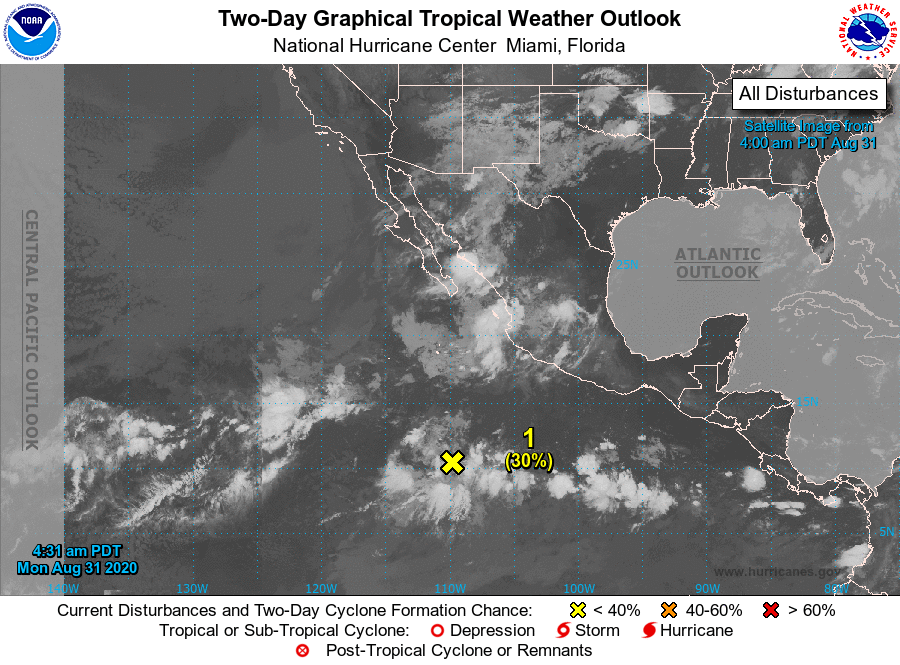
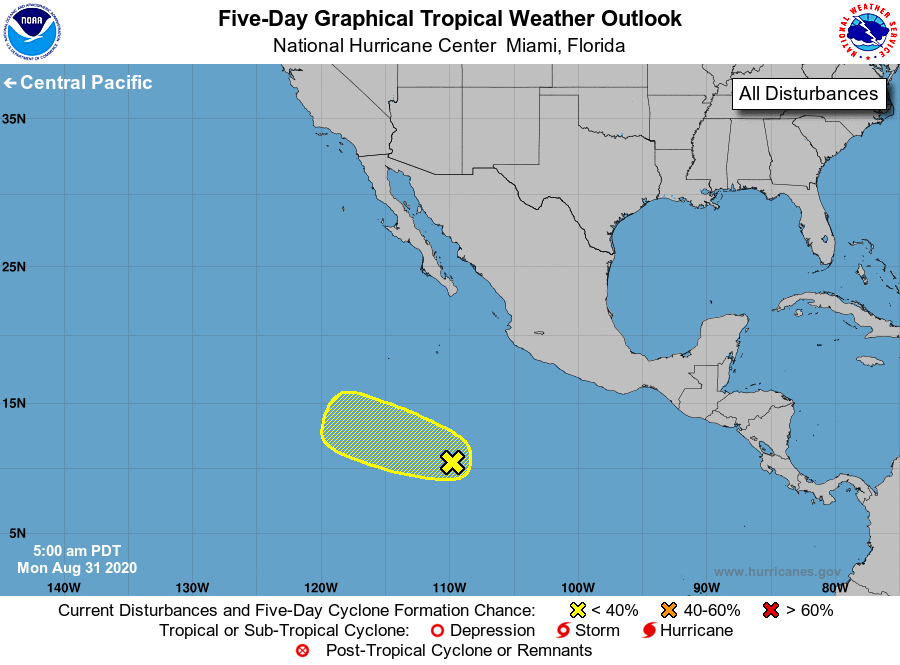
For the eastern North Pacific...east of 140 degrees west longitude:

1. A broad area of low pressure located several hundred miles south-southwest of the southwestern coast of Mexico continues to produce disorganized showers and thunderstorms. Some gradual development of this system is possible during the next couple of days while it moves slowly westward or west-northwestward.
* Formation chance through 48 hours...low...30 percent.
* Formation chance through 5 days...low...30 percent.

Forecaster Stewart